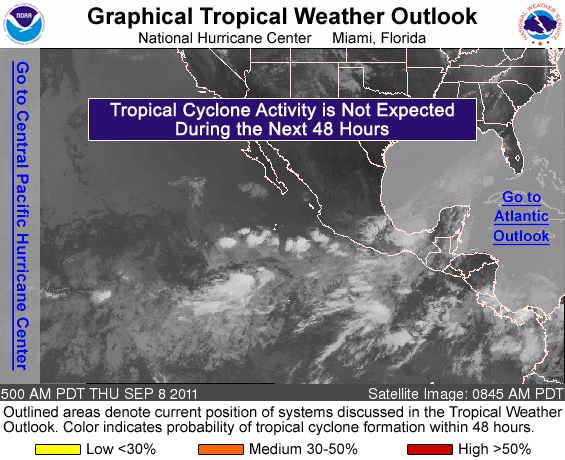
FOR THE EASTERN NORTH PACIFIC...EAST OF 140 DEGREES WEST LONGITUDE..

TROPICAL CYCLONE FORMATION IS NOT EXPECTED DURING THE NEXT 48 HOURS.

FORECASTER AVILA